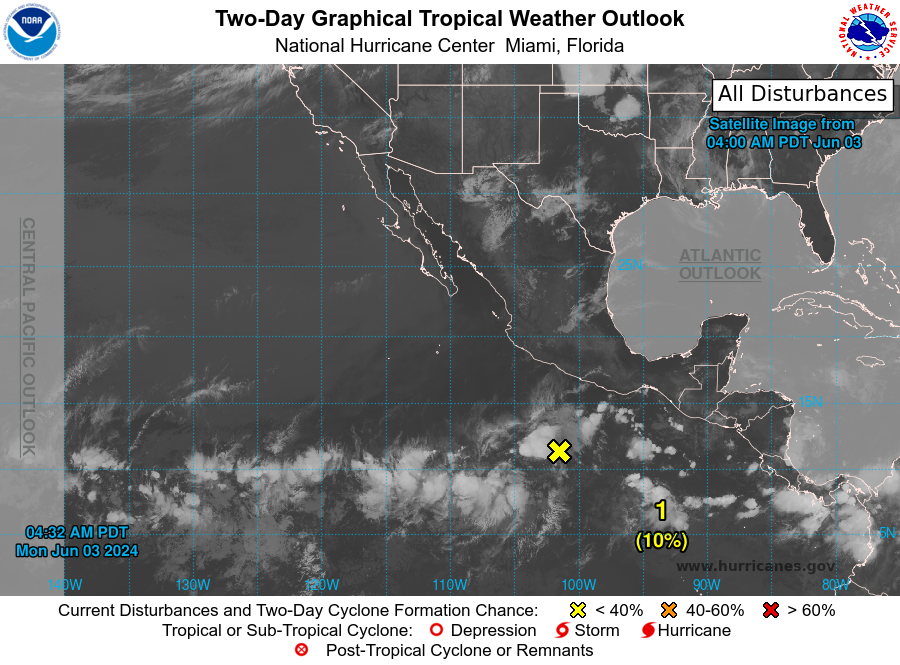
For the eastern North Pacific...east of 140 degrees west longitude:

1. South of the Coast of Southern Mexico: Shower and thunderstorm activity has decreased overnight in association with an elongated area of low pressure located several hundred miles south of the coast of southern Mexico. Environmental conditions do not appear conducive for significant development, and the system is expected to weaken during the next day or so as it moves little.
* Formation chance through 48 hours...low...10 percent.
* Formation chance through 7 days...low...10 percent.

Forecaster Hagen/Blake